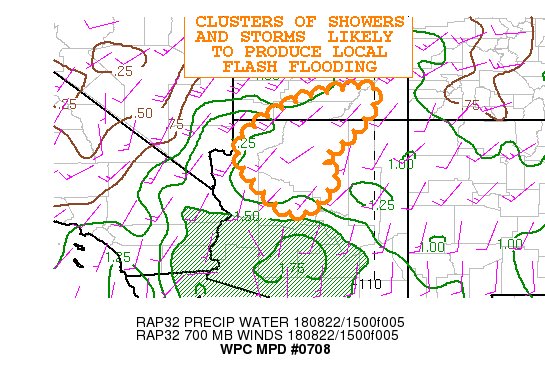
Areas affected......Northern Arizona and southern UT...

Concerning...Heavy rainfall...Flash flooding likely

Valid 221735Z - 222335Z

Summary: Clusters of showers and storms developing in northwest AZ
and southern UT will increase in coverage this afternoon and lead
to localized flash flooding problems.

Discussion...Showers and thunderstorms will
continue to develop with destabilization over northwest AZ into
southern UT.  The region has favorable upper divergence and low
level convergence maxima located within an airmass with above
normal precipitable water values as high as 1.5-1.75 inches in
southern AZ per soundings from Yuma and Phoenix.

The confluent low to mid level flow and influx of low level
moisture from southern and central AZ has led to occasional back
building of activity in northwest AZ.
More activity is expected with additional destabilization in the
inflow axis plus upslope flow in the Mogollon Rim in AZ, with
activity then moving downstream into southern UT.

The NAM Conus Nest and 15z-16z High Res Rapid Refresh indicate 1-2
inches of rain are forecast this afternoon. Flash flood guidance
values are on the order of 1.5 inches in 3 hours, so it appears
guidance will be exceeded locally where the most persistent bands
are located.

With activity already having occurred in southwest UT, temporary
stabilization will limit the intensity of showers there.  the 15z
High Res Rapid Refresh indicates the area will destabilize later
this afternoon so addional activity may develop again.